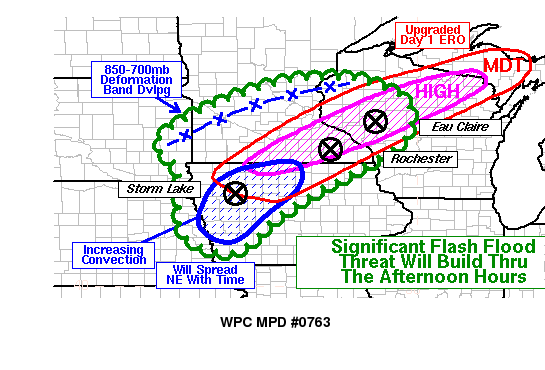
Areas affected...Srn Minnesota; NW/WC Wisconsin; Nrn/Wrn Iowa

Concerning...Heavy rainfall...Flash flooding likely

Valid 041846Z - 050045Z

Summary...A significant threat of flash flooding will begin to
ramp up this afternoon across portions of the Upper Midwest.
Thunderstorms will become more numerous in northwest Iowa shortly,
and then develop and move northeast into portions of Minnesota and
Wisconsin late in the afternoon and into the evening. Hourly rain
rates of 1-2 in/hr (locally higher) appear likely, and these rates
may persist in a given location for several hours. This would be
likely to lead to a band of very heavy rainfall and flash
flooding. The threat is likely to persist beyond the expiration
time of this particular discussion, and may actually be highest in
the evening or overnight hours.

Discussion...We are likely seeing the beginnings of a significant
flash flood threat developing across the Upper Midwest early this
afternoon. Scattered convection was becoming more widespread
across portions of western and north-central Iowa as of 1830Z,
with regional radars detecting a number of new updrafts. This is
expected to continue over the next few hours ahead of an
approaching mid-upper level vort max (currently over northeast
Kansas, evident on GOES-16 satellite imagery and radar mosaics).
An associated developing low-level cyclone is also expected to
lift north into northwest Iowa by 00Z, with a prominent LLJ just
to the east. Significant northward moisture flux is expected with
this LLJ, and an increasingly focused area of convection is
expected near the nose of the strongest 925-850mb moisture
transport and in the region of PVA aloft. In the 21-00Z time
frame, this is likely to be centered near the central portion of
the MN-IA border, perhaps just into south-central Minnesota. RAP
forecasts show substantial PWATs near 2.2 to 2.3 inches, which
would be near record values for early to mid September in this
region. On the 12Z soundings, the LMN sounding had a 2.27 inch
PWAT, and that is relatively close to the 500-1500m AGL air mass
source region using backward trajectory analysis on the RAP
forecast. Therefore, the RAP forecasts seem reasonable, and this
notable slug of low-mid level moisture should support significant
rainfall.

The 12Z HREF indicated relatively high probabilities of exceeding
2 in/hr rain rates in the 21-00Z window near the MN-IA border,
with lower (but non-zero) probabilities extending northeast along
the instability gradient into SE MN and WC WI. Individual hi-res
models suggest some localized areas could see in excess of 3 to 4
inches of total rainfall by 00Z. Therefore, the threat of flash
flooding should begin to markedly increase in the next few hours,
although the threat is likely to continue to increase into the
evening hours across the region. And the most favored location for
flash flooding in the next six hours is in northern Iowa and
southern Minnesota, and it should expand northeast from there
beyond the scope of this discussion. There is another band of
moderate to occasionally heavy rain developing in central
Minnesota, associated with a 850-700mb deformation zone. The
threat of flooding is lower in this area given the combination of
generally lower rain rates and higher flash flood guidance, but
cannot be ruled out given slow or nearly stationary movement of
the band.

Portions of south-central and southeast Minnesota, and
west-central into northern Wisconsin, have been upgraded to a High
Risk on the Day 1 Excessive Rainfall Outlook. The threat should
extent into the overnight hours.